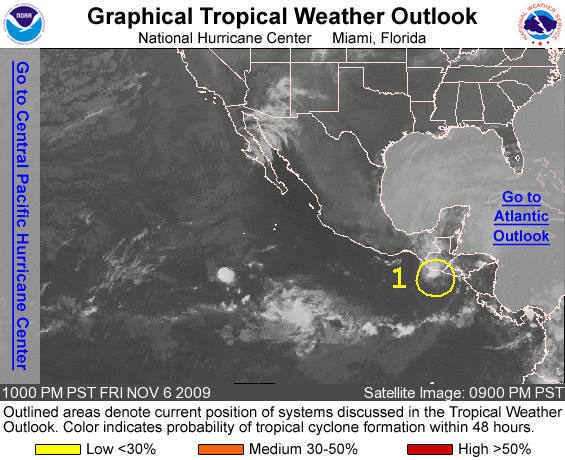
FOR THE EASTERN NORTH PACIFIC...EAST OF 140 DEGREES WEST LONGITUDE..

1. DISORGANIZED SHOWER AND THUNDERSTORM ACTIVITY CONTINUES IN ASSOCIATION WITH AN AREA OF LOW PRESSURE LOCATED ABOUT 120 MILES SOUTH OF PUERTO SAN JOSE GUATEMALA. UPPER-LEVEL WINDS ARE NOT CONDUCIVE FOR SIGNIFICANT DEVELOPMENT OF THIS SYSTEM AS IT MOVES NORTHEASTWARD AT 5 TO 10 MPH. THERE IS A LOW CHANCE...LESS THAN 30 PERCENT...OF THIS SYSTEM BECOMING A TROPICAL CYCLONE DURING THE NEXT 48 HOURS.

ELSEWHERE...TROPICAL CYCLONE FORMATION IS NOT EXPECTED DURING THE NEXT 48 HOURS.

FORECASTER BRENNAN